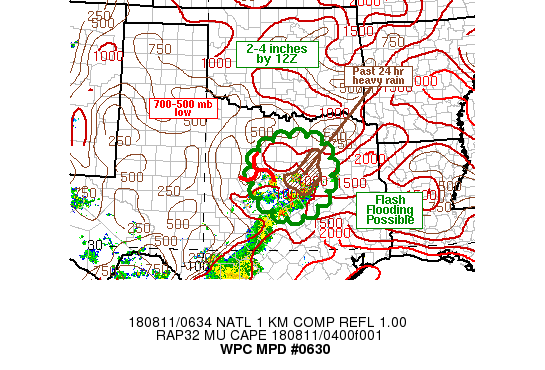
Areas affected...north Texas

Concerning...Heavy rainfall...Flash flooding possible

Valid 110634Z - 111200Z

Summary...Heavy rain is expected to overspread locations near and
south of the Dallas-Fort Worth Metroplex between about 08-11Z.
Slow moving storms will have the potential of generating 2-3 in/hr
rainfall rates and possible flash flooding.

Discussion...At 06Z, a combination of GOES 16 infrared imagery,
VAD wind plots at 700 mb and RAP analyses placed a low-mid level
circulation west of Fort Worth and just south of I-20.
Disorganized and slow moving convection was noted on the southeast
side of the circulation, slowly spreading north, with KGRK radar
estimated rainfall rates of 2-3 in/hr ending 06Z just west of I-35
to the south of Waco. GPS precipitable water values near and south
of Dallas-Fort Worth were 1.9 to 2.1 inches with weak MUCAPE of
500-1000 J/kg per the most recent SPC mesoanalysis valid at 06Z.
Earlier rainfall from 03-04Z west of San Antonio contained rain
rates near 3 in/hr with similar environmental variables as what is
currently in place across portions of north-central TX.

850 mb VAD winds from KGRK and KEWX were 20-30 kt (about 5-15 kt
stronger than RAP analyses) with a south-southwesterly direction,
which is stronger than the 850-300 mb mean flow of ~15 kt. This
should help to support repeating and slow moving heavy rain cores
southeast of and just ahead of the 700-500 mb low. Flash Flood
Guidance in and around Dallas-Fort Worth is 2-3 inches in 3 hours
as well as to the south, over Ellis and Navarro counties, where at
least 2-4 inches of rainfall has fallen over the past 24 hours. An
additional 2-4 inches of rainfall is expected in a few locations
across some of these same locations over the next 3-6 hours which
could cause flash flooding.